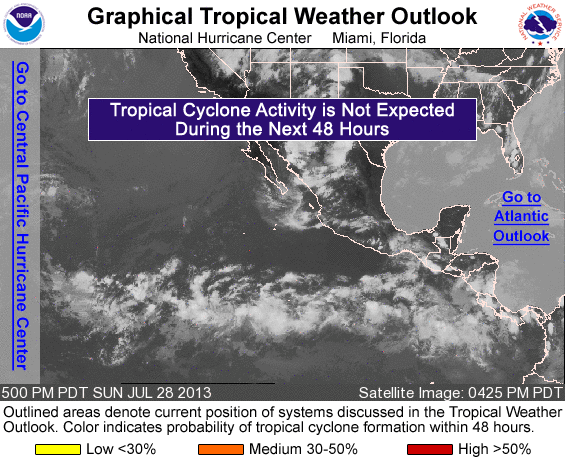
FOR THE EASTERN NORTH PACIFIC...EAST OF 140 DEGREES WEST LONGITUDE..

TROPICAL CYCLONE FORMATION IS NOT EXPECTED DURING THE NEXT 48 HOURS.

FORECASTER CANGIALOSI